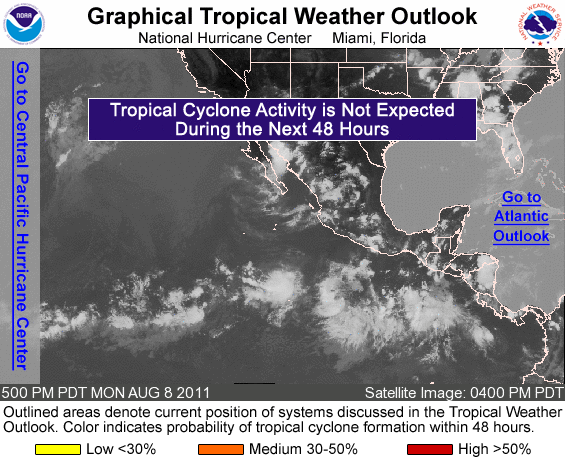
FOR THE EASTERN NORTH PACIFIC...EAST OF 140 DEGREES WEST LONGITUDE..

TROPICAL CYCLONE FORMATION IS NOT EXPECTED DURING THE NEXT 48 HOURS.

FORECASTER PASCH